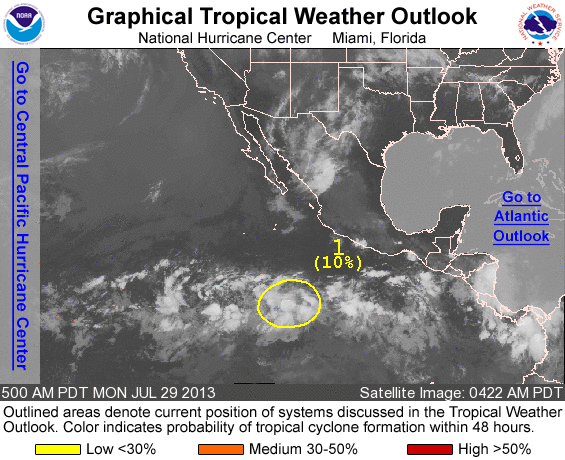
FOR THE EASTERN NORTH PACIFIC...EAST OF 140 DEGREES WEST LONGITUDE..

1. A BROAD AREA OF LOW PRESSURE IS PRODUCING DISORGANIZED SHOWERS AND THUNDERSTORMS CENTERED ABOUT 1000 MILES SOUTH-SOUTHWEST OF THE SOUTHERN TIP OF THE BAJA CALIFORNIA PENINSULA. ENVIRONMENTAL CONDITIONS COULD FAVOR SLOW DEVELOPMENT OF THIS SYSTEM OVER THE NEXT SEVERAL DAYS AS IT MOVES TO THE WEST AT ABOUT 10 MPH. THIS SYSTEM HAS A LOW CHANCE...10 PERCENT...OF BECOMING A TROPICAL CYCLONE DURING THE NEXT 48 HOURS.

ELSEWHERE...TROPICAL CYCLONE FORMATION IS NOT EXPECTED RUING THE NEXT 48 HOURS.

FORECASTER FRANKLIN/ZELINSKY